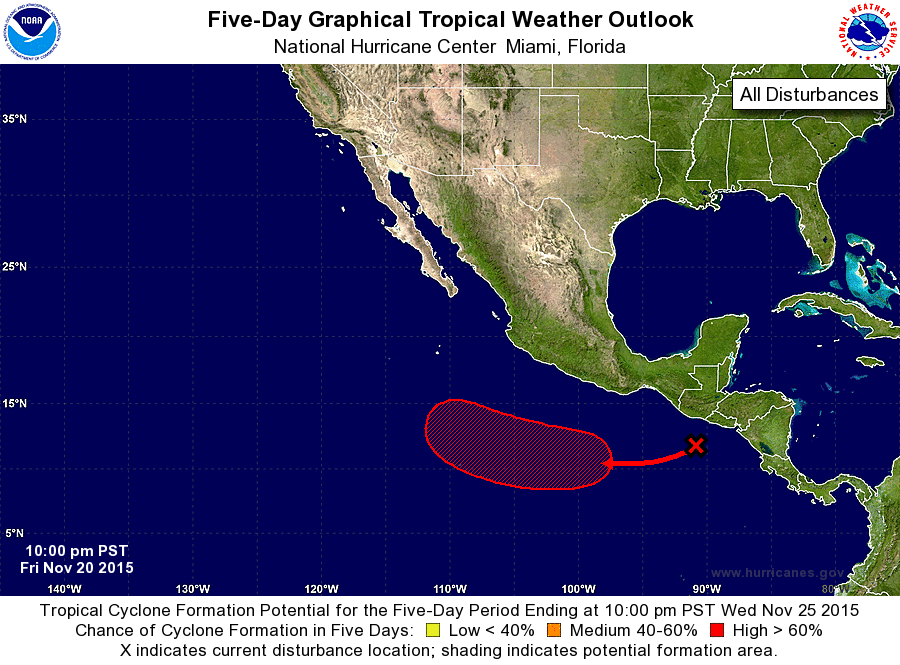
For the eastern North Pacific...east of 140 degrees west longitude:

The National Hurricane Center is issuing advisories on Tropical Storm Rick, located several hundred miles south-southwest of the southern tip of the Baja California peninsula.

1. A low pressure area centered a couple hundred miles south of the coasts of Guatemala and El Salvador is producing disorganized showers and thunderstorms over the far eastern north Pacific Ocean and portions of Central America. Environmental conditions are expected to become conducive for development of this system in a few days, and a tropical cyclone will likely form south of the southern coast of Mexico by the middle of next week while the low moves westward at 10 to 15 mph.
* Formation chance through 48 hours...low...near 0 percent
* Formation chance through 5 days...high...70 percent

Forecaster Berg